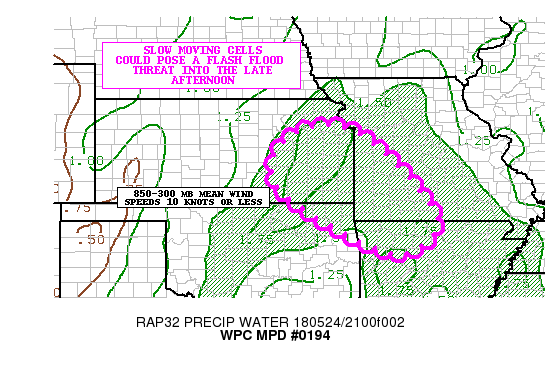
AREAS AFFECTED...EASTERN KS...WESTERN MO...NORTHWEST AR...FAR
NORTHEAST OK

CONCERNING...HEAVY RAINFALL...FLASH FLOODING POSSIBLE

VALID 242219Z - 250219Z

SUMMARY...SLOW MOVING CONVECTION DEVELOPING IN A HIGH MOISTURE
ENVIRONMENT WILL POSE A FLASH FLOOD THREAT INTO THE LATE
AFTERNOON/EARLY EVENING.

DISCUSSION...REGIONAL RADARS ACROSS EASTERN KS/NORTHWEST AR INTO
SOUTHWEST MO SHOWED A GENERAL INCREASE IN CONVECTIVE COVERAGE THIS
AFTERNOON. THE STORMS WERE DEVELOPING IN AN AXIS OF 1000-2000 J/KG
OF MLCAPE...WITH THE HIGHEST VALUES ACROSS EASTERN KS. THE GOES-16
IR LOOP SHOWED STRENGTHENING CELLS...WITH CLOUD TOP TEMPERATURES
NEAR -65 CELSIUS.

THE MOST RECENT RAP ANALYSIS AND BLENDED TPW PRODUCT SHOWED AN
AXIS OF 1.75 INCH PRECIPITABLE WATER AIR (WHICH IS ABOUT TWO
STANDARD DEVIATIONS ABOVE THE MEAN) NEARLY COINCIDENT WITH THE
INSTABILITY AXIS. THE SCATTERED CONVECTION THAT HAS DEVELOPED IN
THE DEEP MOISTURE HAS PRODUCED HOURLY RAINFALL RATES BETWEEN
1.75/2.00 INCHES OVER PORTIONS OF EASTERN KS (BASE DON THE KTOP
RADAR)...THOUGH MESONET OBSERVATIONS WERE NOT QUITE THIS HIGH. IT
IS POSSIBLE THAT THESE RAINFALL AMOUNTS ARE HAIL CONTAMINATED...AS
THE KTOP HCA PRODUCT INDICATED THE PRESENCE OF HAIL...WHICH IS
SUPPORTED BY THE PRESENCE OF DRY AIR IN THE MID LEVELS...PER RAP
SOUNDINGS.

AHEAD OF A WEAK SHORT WAVE IN THE MID LEVEL FLOW...THE 850-300 MB
MEAN WINDS ARE 10 KNOT OR LESS THROUGH 25/02Z...ESPECIALLY OVER
PORTIONS OF FAR EASTERN KS AND WESTERN MO. THE WEAK FLOW COULD
CONTINUE TO PROMOTE HOURLY RAINFALL RATES NEAR 2.00 INCHES, WITH
THE POTENTIAL OF UP TO 3.00 INCHES IN 2 HOURS OR LESS, AS DEPICTED
FROM THE LATEST HIGH-RES CAM GUIDANCE (INCLUDING RECENT HRRR AND
EXPERIMENTAL HRRR RUNS).
GIVEN THE FFG VALUES, THESE AMOUNTS WILL POSE A LOCALIZED FLASH
FLOOD THREAT THROUGH 01-02Z.

THE LIMITING FACTOR FOR A MORE WIDESPREAD FLASH FLOOD THREAT WOULD
BE CONVECTIVE COVERAGE. MOST OF THE HIGH RESOLUTION GUIDANCE
DEPICTS THE CONVECTION AS MOSTLY SCATTERED...WHICH WOULD FAVOR OF
A LOCALIZED FLASH FLOOD THREAT. AFTER 25/01Z...DWINDLING
INSTABILITY SHOULD ALLOW THE FLASH FLOOD THREAT TO WANE.